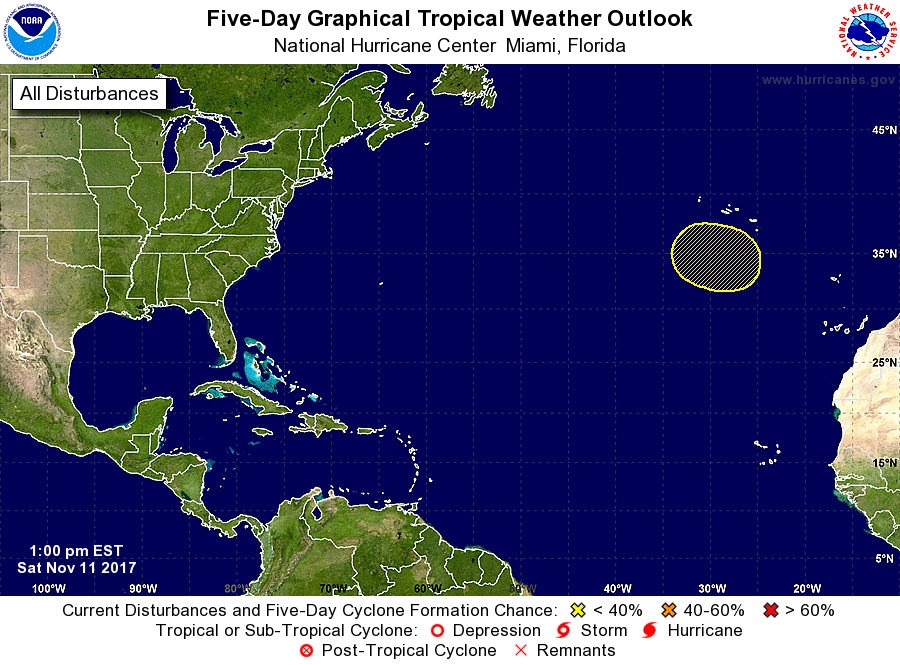
For the North Atlantic...Caribbean Sea and the Gulf of Mexico:

1. A non-tropical area of low pressure is forecast to form during the next couple of days a few hundred miles south-southwest of the Azores. This low could acquire some subtropical characteristics by the middle of next week while it moves generally northeastward.
* Formation chance through 48 hours...low...near 0 percent.
* Formation chance through 5 days...low...30 percent.

Forecaster Beven